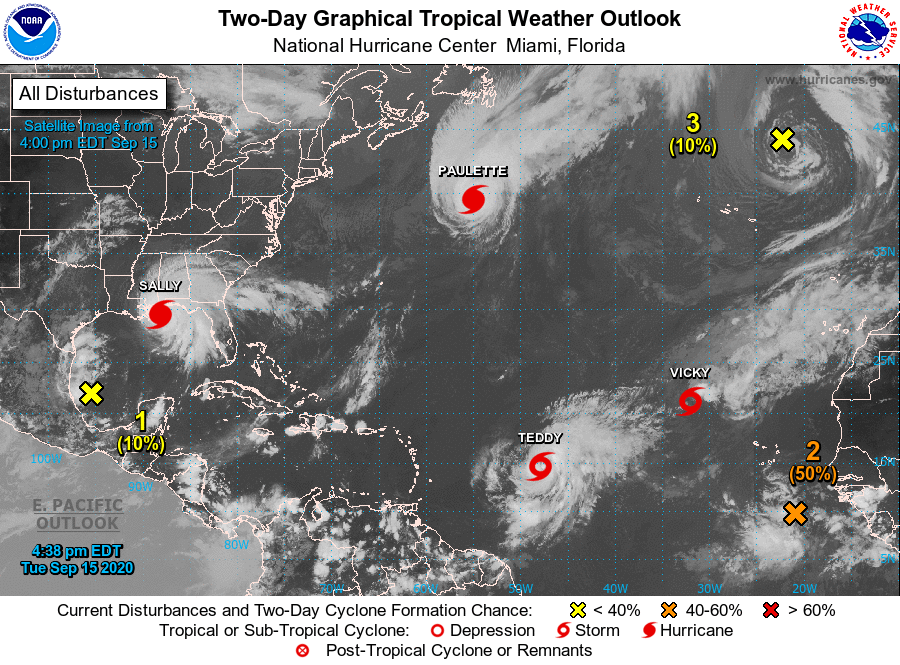
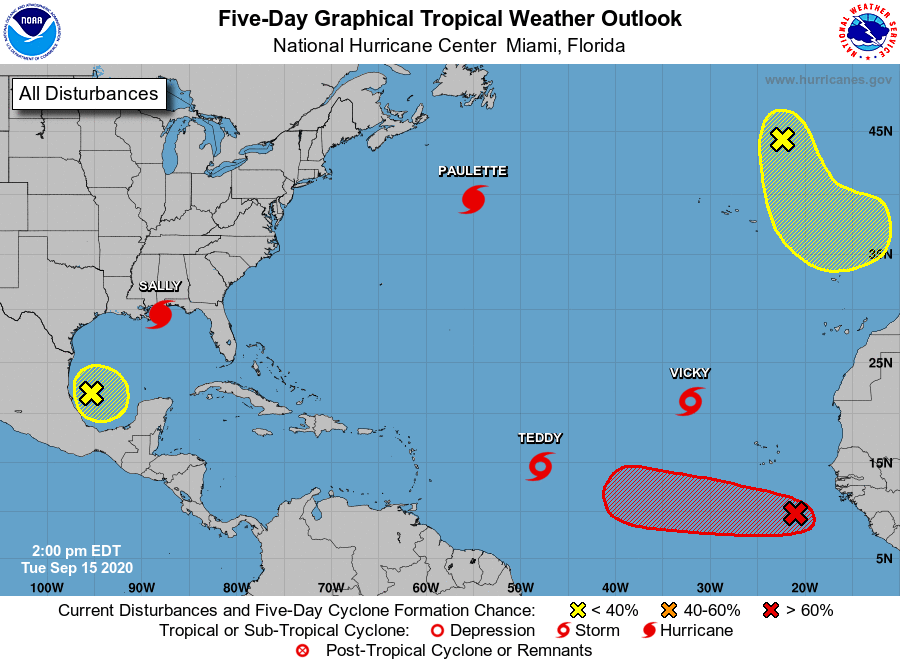
For the North Atlantic...Caribbean Sea and the Gulf of Mexico:

The National Hurricane Center is issuing advisories on Hurricane Paulette, located several hundred miles northeast of Bermuda, on Hurricane Sally, centered over the north-central Gulf of Mexico, on Tropical Storm Teddy, located over the central tropical Atlantic, and on Tropical Storm Vicky, located over the eastern tropical Atlantic.

1. An elongated area of low pressure over the southwestern Gulf of Mexico is producing disorganized showers and thunderstorms. Any development of this system should be slow to occur while the low meanders over the southern Gulf of Mexico for the next several days.
* Formation chance through 48 hours...low...10 percent.
* Formation chance through 5 days...low...20 percent.

2. Showers and thunderstorms associated with an area of low pressure located a few hundred miles south-southeast of the Cabo Verde Islands have changed little during the past several hours. Environmental conditions are conducive for development of this system, however, and a tropical depression is likely to form during the next few days while the system moves generally westward at 10 to 15 mph.
* Formation chance through 48 hours...medium...50 percent.
* Formation chance through 5 days...high...70 percent.

3. A non-tropical area of low pressure is located over the far northeastern Atlantic Ocean several hundred miles northeast of the Azores. This system is forecast to move south-southeastward during the next few days where it will encounter warmer oceanic temperatures, which could allow the low to gradually acquire some tropical or subtropical characteristics this week. For more information on this system, see High Seas Forecasts issued by Meteo France.
* Formation chance through 48 hours...low...10 percent.
* Formation chance through 5 days...low...20 percent.

High Seas Forecasts issued by Meteo France can be found under WMO header FQNT50 LFPW and available on the web at www.meteofrance.com/previsions-meteo-marine/bulletin/grandlarge/ metarea2

Forecaster Roberts